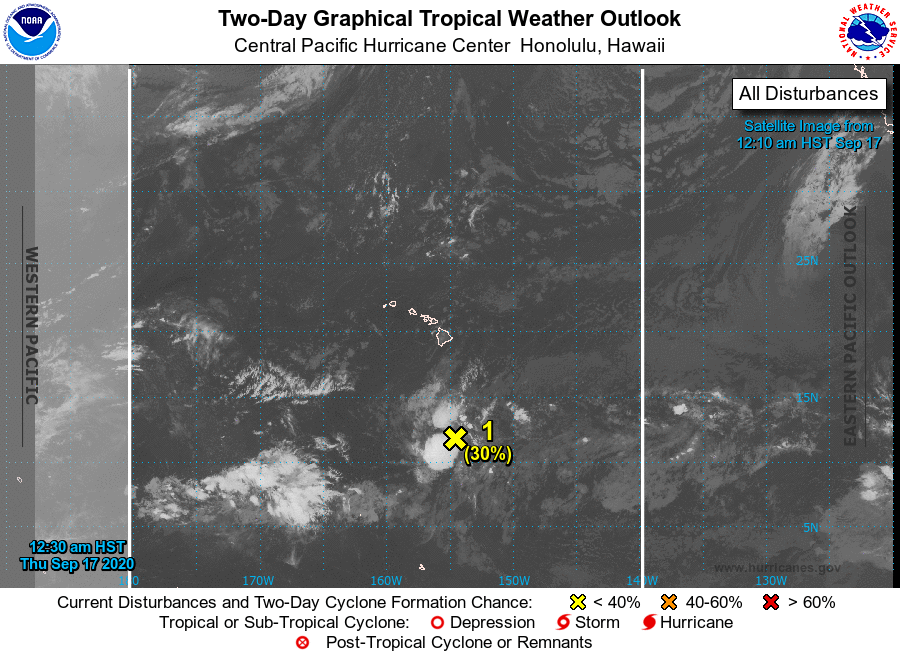
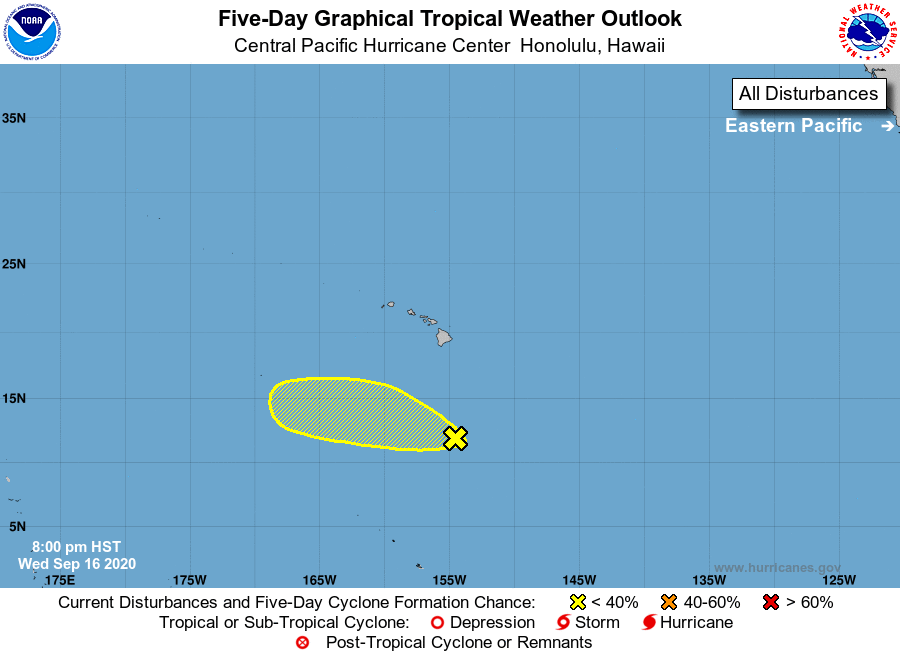
For the central North Pacific...between 140W and 180W:

1. An area of low pressure located around 550 miles south of Hilo, Hawaii, continues to produce disorganized showers and thunderstorms. Environmental conditions will remain somewhat conducive for development during the next day or so as the system moves northwestward at around 10 mph.
* Formation chance through 48 hours...low...30 percent.
* Formation chance through 5 days...low...30 percent.

Elsewhere, no tropical cyclones are expected during the next 5 days.

Forecaster Jelsema